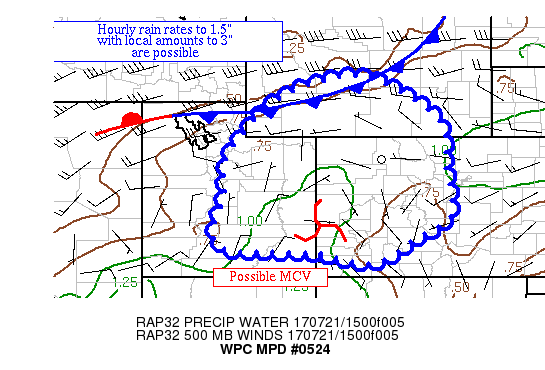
AREAS AFFECTED...PORTIONS OF THE WY BASIN, CO PLATEAU, & CO
ROCKIES

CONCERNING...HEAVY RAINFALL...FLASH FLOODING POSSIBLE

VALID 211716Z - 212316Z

SUMMARY...SHOWER AND THUNDERSTORM ACTIVITY IS STARTING TO BUILD
NEAR THE WY BASIN, WHILE OTHER SHOWER ACTIVITY STARTING TO FORM IN
WESTERN CO.  HOURLY RAIN RATES TO 1.5", WITH LOCAL AMOUNTS TO 3",
ARE POSSIBLE.

DISCUSSION...SATELLITE IMAGERY AND SURFACE OBSERVATIONS INDICATE A
COLD FRONT SLOWLY WORKING ITS WAY THROUGH SOUTHWEST WY AND
NORTHERN UT.  DIVERGENCE ALOFT IS BEING AIDED BY THE BASE OF AN
UPPER TROUGH ACROSS WESTERN MT AND AN APPARENT MCV IN WESTERN CO.
PRECIPITABLE WATER VALUES ARE 0.7-1.1" IN THIS REGION.  ML CAPE
VALUES ARE RISING ABOVE 500 J/KG, WITH MU CAPE VALUES > 1000 J/KG
IN SOUTHWEST WY.  EFFECTIVE BULK SHEAR IS 25-30 KTS IN THE WYOMING
BASIN.

THE MESOSCALE GUIDANCE LOOKS PLAUSIBLE CONCERNING CONVECTIVE
EXPECTATIONS OVER THE NEXT SEVERAL HOURS.  CONVECTION IS EXPECTED
TO FORM NEAR AND DOWNWIND OF THE CO ROCKIES, THE TERRAIN OF UT
(INCLUDING THE UINTAS), AND NEAR THE STALLING FRONT AND MOVE
ROUGHLY EASTWARD AT 10-15 KTS IN THE NORTHERN PART OF THE AREA
WITH SLOWER MOTIONS EXPECTED TOWARDS THE FOUR CORNERS.  ABOVE THE
BOUNDARY LAYER, THE FLOW LOOKS FAIRLY UNIDIRECTIONAL WITH HEIGHT
WHICH COMBINED WITH THE BULK SHEAR WOULD ALLOW FOR THE FORMATION
OF SHORT TRAINING CONVECTIVE BANDS, WHICH THERE HAS BEEN HINTS OF
IN WY SO FAR THIS MORNING.  WITH ML CAPE VALUES RISING ANOTHER
1000+ J/KG INTO THE AFTERNOON AND PRECIPITABLE WATER VALUES 1.5-3
SIGMAS ABOVE THE MEAN FOR LATE JULY, HOURLY RAIN RATES UP TO 1.5"
WITH LOCAL AMOUNTS TO 3", PARTICULARLY IN THE UINTAS AND CO
ROCKIES, ARE POSSIBLE.